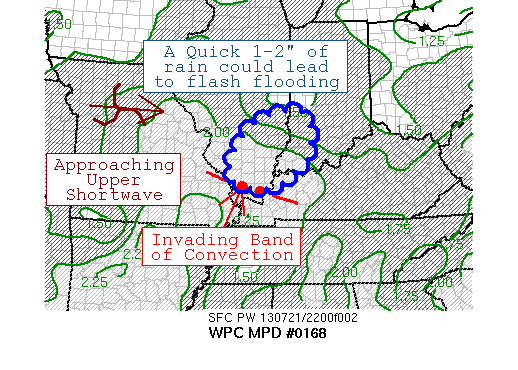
AREAS AFFECTED...SOUTHEAST IL...SOUTHWEST IN

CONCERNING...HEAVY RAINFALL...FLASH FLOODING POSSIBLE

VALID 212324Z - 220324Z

SUMMARY...A LINE OF CONVECTION MOVING IN FROM WESTERN KENTUCKY AND
SOUTHERNMOST ILLINOIS COMBINED WITH CURRENT THUNDERSTORM ACTIVITY
ACROSS A SATURATED AREA OF SOUTHEAST IL AND SOUTHWEST IN COULD
LEAD TO FLASH FLOODING OVER THE NEXT FOUR HOURS.

DISCUSSION...A LINE OF SCATTERED TO NUMEROUS THUNDERSTORMS IS
MOVING INTO SOUTHERN ILLINOIS FROM SOUTHEAST MO AND WESTERN KY.
THIS ACTIVITY FORMED ALONG A SURFACE TROUGH WITH POOLED
PRECIPITABLE WATER VALUES ABOVE TWO INCHES, WITH THUNDERSTORMS
ENHANCING THE LOW-LEVEL CONVERGENCE DUE TO THEIR ASSOCIATED
OUTFLOW BOUNDARIES.  THE LATEST GUIDANCE FROM SAB AND RADAR TRENDS
SUGGEST THAT THE INVADING THUNDERSTORMS SHOULD MOVE OVER AREAS
SATURATED BY HEAVY RAINFALL THIS TIME YESTERDAY DURING THE NEXT
FOUR HOURS.

WHILE CAPE VALUES ABOVE 1000 J/KG HAVE BEEN THE DRIVING FORCE
BEHIND THIS CONVECTION, AN APPROACHING SHORTWAVE MOVING IN FROM
MISSOURI COULD SUSTAIN THE ACTIVITY FOR A COUPLE HOURS PAST SUNSET
BY AIDING UPPER LEVEL DIVERGENCE.  THE HISTORY OF THE LINE
INDICATES THAT RAINFALL RATES/AMOUNTS SHOULD APPROACH FLASH FLOOD
GUIDANCE IN THE AREA, WHICH IS NEAR 1.5 INCHES IN THREE HOURS.  A
QUICK 1-2 OF RAINFALL COULD LEAD TO FLASH FLOODING IN THIS REGION.